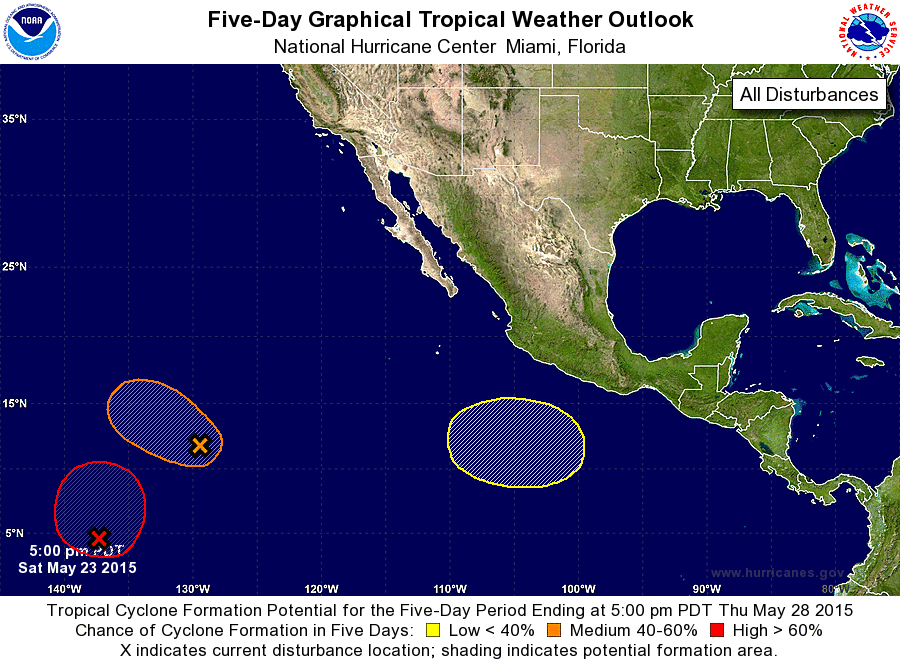
For the eastern North Pacific...east of 140 degrees west longitude:

1. Satellite data and surface observations indicate that the circulation of the low pressure system located about 1600 miles southeast of the Big Island of Hawaii is currently not well defined. Some development of this system is possible during the next day or two, and it has the potential to become a tropical depression while it moves slowly northward. Thereafter, development is not expected due to the proximity of the disturbance to its northeast and north.
* Formation chance through 48 hours...high...70 percent
* Formation chance through 5 days...high...70 percent

2. Shower activity remains limited in association with a broad area of low pressure located about 1500 miles west-southwest of the southern tip of Baja California. Gradual development of this system is possible during the next couple of days while it moves west-northwestward at 10 to 15 mph. After that time, the low is expected to move over cooler water and into an area of less favorable upper-level winds which should inhibit development.
* Formation chance through 48 hours...medium...50 percent
* Formation chance through 5 days...medium...60 percent

3. An area of low pressure could form early next week several hundred miles south of the coast of Mexico. Environmental conditions are expected to be conducive for subsequent slow development of the system while it moves west-northwestward.
* Formation chance through 48 hours...low...near 0 percent
* Formation chance through 5 days...low...20 percent

Forecaster Cangialosi